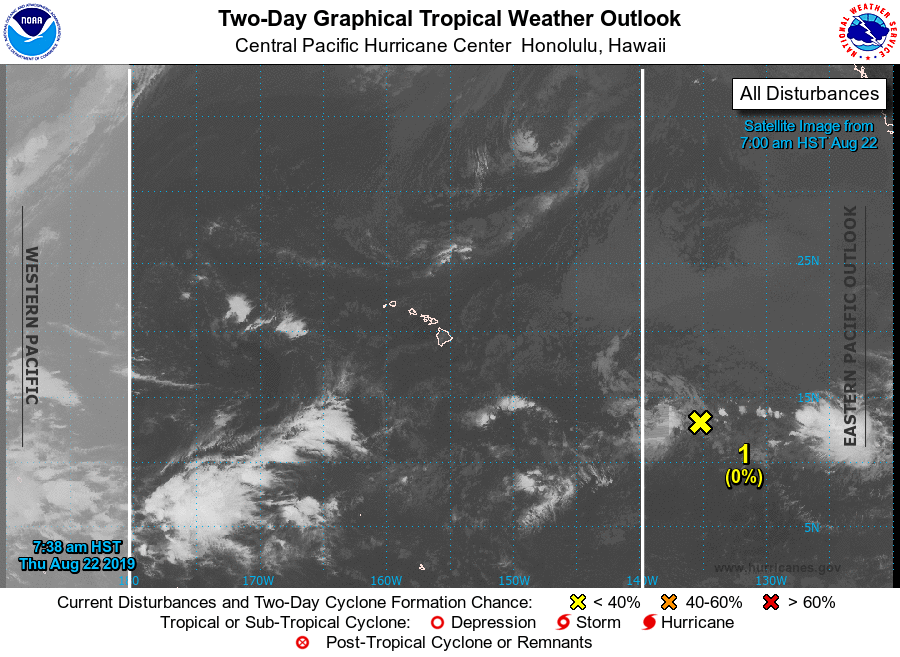
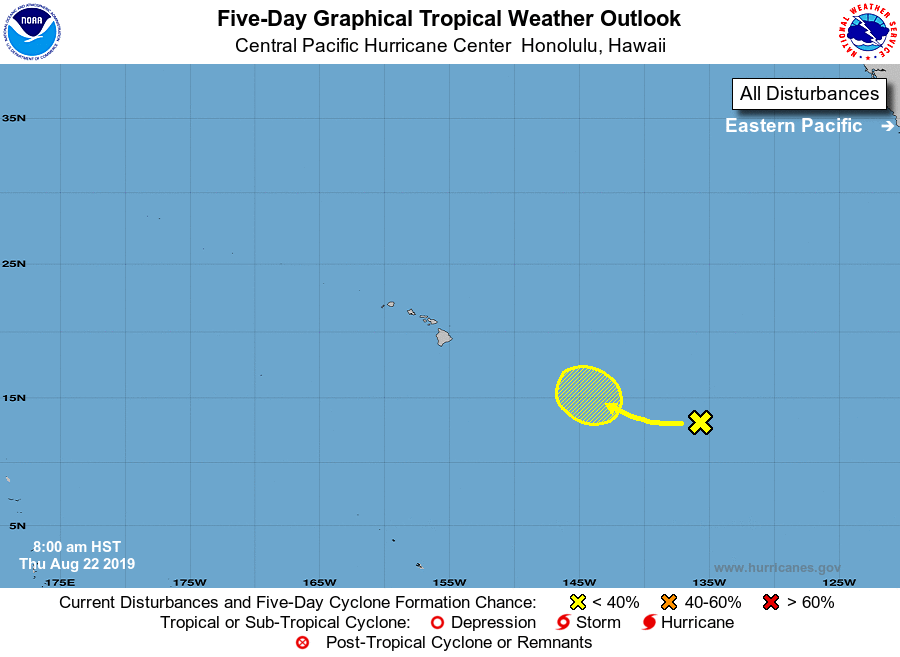
For the central North Pacific...between 140W and 180W:

1. A surface trough located about 1200 miles east-southeast of the Big Island of Hawaii continues to produce disorganized cloudiness and showers. Environmental conditions could become conducive for some development in a few days in the central Pacific basin, well to the east of Hawaii, while the system is moving slowly northwestward.
* Formation chance through 48 hours...low...near 0 percent.
* Formation chance through 5 days...low...30 percent.

Elsewhere, no tropical cyclones are expected during the next 5 days.

Forecaster Morrison